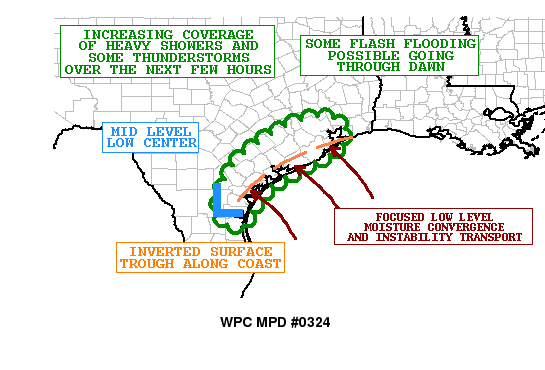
AREAS AFFECTED...SOUTH-CENTRAL TO SOUTHEAST TX

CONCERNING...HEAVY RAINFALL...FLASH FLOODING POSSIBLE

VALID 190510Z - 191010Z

SUMMARY...A GRADUAL INCREASE IN COVERAGE OF SHOWERS AND
THUNDERSTORMS IS EXPECTED THROUGH DAWN. VERY HEAVY RAINFALL RATES
ARE EXPECTED...AND SOME FLASH FLOODING WILL BE POSSIBLE.

DISCUSSION...RADAR IMAGERY IS SHOWING THE GRADUAL REDEVELOPMENT
AND EXPANSION OF SHOWER ACTIVITY ACROSS COASTAL AREAS OF
SOUTH-CENTRAL TO SOUTHEAST TX...ESSENTIALLY FROM THE CORPUS
CHRISTI NORTHEAST UP TO THE HOUSTON/GALVESTON METROPOLITAN AREA.
THE CONVECTION IS FOCUSING IN AROUND THE EAST TO NORTHEAST FLANK
OF A MID LEVEL LOW CENTER THAT IS NOW MOVING VERY SLOWLY WEST
ACROSS SOUTH-CENTRAL TX. THERE APPEARS TO BE SOME TIGHTENING OF
THE MID LEVEL VORTICITY AXIS AND CONVECTION HAS BEEN DEVELOPING
RATHER CLOSE TO THE CENTER OF THIS OVER THE LAST COUPLE HOURS
WHICH IS VERY NEAR CORPUS CHRISTI. FARTHER NORTHEAST UP ALONG THE
TX COAST IS PROXIMITY OF A LOW LEVEL TROUGH AXIS WHERE THERE ARE
MULTIPLE SURFACE MOISTURE CONVERGENCE MAXIMA AND THIS HAS ALLOWED
FOR SOME MODEST CONVECTIVE BANDING.

THE DEEP LAYER CYCLONIC FLOW OVER THE REGION MEANWHILE CONTINUES
TO TRANSPORT A DEEP COLUMN OF TROPICAL MOISTURE ACROSS MUCH OF THE
WESTERN GULF COAST REGION. PWATS REMAIN VERY HIGH AND GENERALLY
BETWEEN 2.3 AND 2.5 INCHES BASED ON HOURLY GPS-DERIVED DATA.

HIGHLY EFFICIENT RAINFALL PROCESSES ARE IN PLACE GIVEN THE
CONCENTRATION OF MOISTURE SEEN IN THE 500/300 MB LAYER AND THERE
WILL BE SUFFICIENT WARM RAIN PROCESSES FOR HIGHLY EFFICIENT AND
ENHANCED RAINFALL RATES OVERNIGHT AS CONVECTION ATTEMPTS TO BECOME
BETTER ORGANIZED AROUND THE EASTERN SEMICIRCLE OF THE MID LEVEL
LOW.

THE HRRR/HRRRX GUIDANCE SO FAR THIS EVENING HAS BEEN TOO WET...BUT
THE LAST FEW RUNS IN CONJUNCTION WITH THE 00Z ARW/NMMB SOLUTIONS
ARE FAVORING THE REDEVELOPMENT OF SOME HEAVY CONVECTIVE
RAINFALL...ESPECIALLY BETWEEN 06Z AND 12Z ACROSS THE MPD THREAT
AREA...AND ESPECIALLY ACROSS PORTIONS OF SOUTH-CENTRAL TX.

GIVEN THE MID LEVEL VORT ENERGY AND FAVORABLE LOW LEVEL
MOISTURE/INSTABILITY TRANSPORT INTO REGION...EXPECT A GRADUAL
EXPANSION OF HEAVY RAINFALL THROUGH THE REMAINDER OF THE
NIGHT...WITH TOTALS THROUGH DAWN OF AS MUCH AS 3 TO 5 INCHES WITH
ISOLATED HEAVIER AMOUNTS. SOME FLASH FLOODING WILL BE POSSIBLE AS
A RESULT.